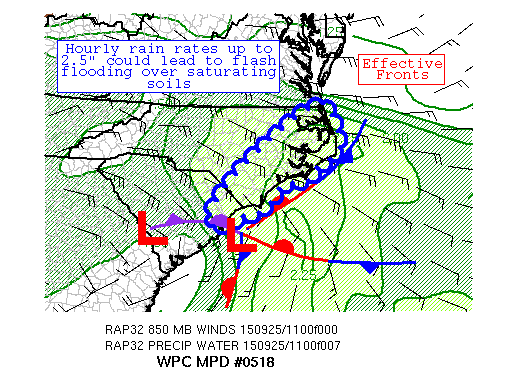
AREAS AFFECTED...COASTAL SC/NC

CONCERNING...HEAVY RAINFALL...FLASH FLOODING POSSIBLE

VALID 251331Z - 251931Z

SUMMARY...SHOWERS AND THUNDERSTORMS MOVING ASHORE FROM THE
ATLANTIC COULD LEAD TO RAIN RATES UP TO 2.5" IN AREAS OF TRAINING.
 FLASH FLOODING IS POSSIBLE.

DISCUSSION...CONVERGENT LOW-LEVEL FLOW BETWEEN A DEEP LAYERED LOW
IN GA/SC AND A BLOCKING RIDGE IN THE VICINITY OF MD IS DRAWING IN
ANOMALOUS MOISTURE FROM THE ATLANTIC INTO THE CAROLINAS.
SATELLITE AND RADAR IMAGERY SHOWS CONVECTION BUBBLING NEAR AND
JUST OFFSHORE THE UPPER SC AND MUCH OF THE NC COAST AT THIS TIME.
RADAR ESTIMATES SHOW SPOTTY MAXIMA IN THE 4-6" RANGE, WHICH SEEM
TO BE CONFIRMED BY RECENT COCORAHS REPORTS IN GEORGETOWN COUNTY SC
AND CARTARET COUNTY NC.  PRECIPITABLE WATER VALUES ARE 1.9-2.3" IN
THIS REGION, 2-3 SIGMAS ABOVE THE MEAN FOR LATE SEPTEMBER.
LOW-LEVEL INFLOW HAS BEEN MODEST AS OF LATE, ROUGHLY 10-20 KTS, ON
PAR WITH THE MEAN 850-400 HPA WINDS BUT AT A RIGHT ANGLE;
DIRECTIONAL WIND SHEAR EXISTS WITHIN AREA SOUNDINGS. THE 0-6 KM
BULK SHEAR INDICATED BY GFS/NAM/RAP MASS FIELDS IS LEADING TO
FORWARD PROPAGATION OF ORGANIZED CELLS OFFSHORE, ROUGHLY TO THE
NORTH AT 10-15 KTS.  MUCAPES OFFSHORE ARE IN THE 1000-2000 J/KG
RANGE WITHIN RECENT SPC MESOANALYSES AND A RECENT SAB BRIEFING
CONCERNING SATELLITE-DERIVED VALUES (MENTIONED IN THE 1259Z SPENES
MESSAGE).

THE RAP GUIDANCE INDICATES A MODEST INCREASE IN THE 850 HPA INFLOW
ACROSS THE REGION TOWARDS THE 25 KT RANGE WITH TIME, WHICH ALONG
WITH THE BULK SHEAR SHOULD CONTINUE CELL ORGANIZATION NEAR THE
COAST.  CIN IN THE REGION ALLOWS FOR THE MUCAPE TO BE TAPPED UNTIL
AT LEAST 17Z, WHEN AREA CIN IS EXPECTED TO ERODE (THOUGH WITH
EXPECTED CLOUD COVER IT COULD EXCEED RAP EXPECTATIONS).  SHORT
PERIODS OF CELL TRAINING ARE THE MAIN THREAT FROM A FLASH FLOOD
PERSPECTIVE AS THE AVAILABLE MOISTURE SUPPORTS HOURLY RAIN RATES
UP TO 2.5"; SO FAR, OBSERVATIONS HAVE BEEN CAPPED AT 1.75".  THE
CAM GUIDANCE ADVERTISES LOCAL AMOUNTS IN THE 3-4" RANGE, WHICH
SHOULD FALL QUICKLY.  THE RETURN PERIOD OF 3-4" OF RAIN WITHIN
THREE HOURS IS A DECADE, NEAR ONE OF THE FLASH FLOOD THRESHOLDS.
SOILS ARE SLOWLY SATURATING IN THIS AREA, WITH FLASH FLOOD
GUIDANCE VALUES SLOWLY FALLING OFF.  HOWEVER, SOME OF THIS REGION
IS MARSHY, WHICH COULD MITIGATE FLASH FLOODING.  STILL, FLASH
FLOODING IS CONSIDERED POSSIBLE WHERE CELLS TRAIN.